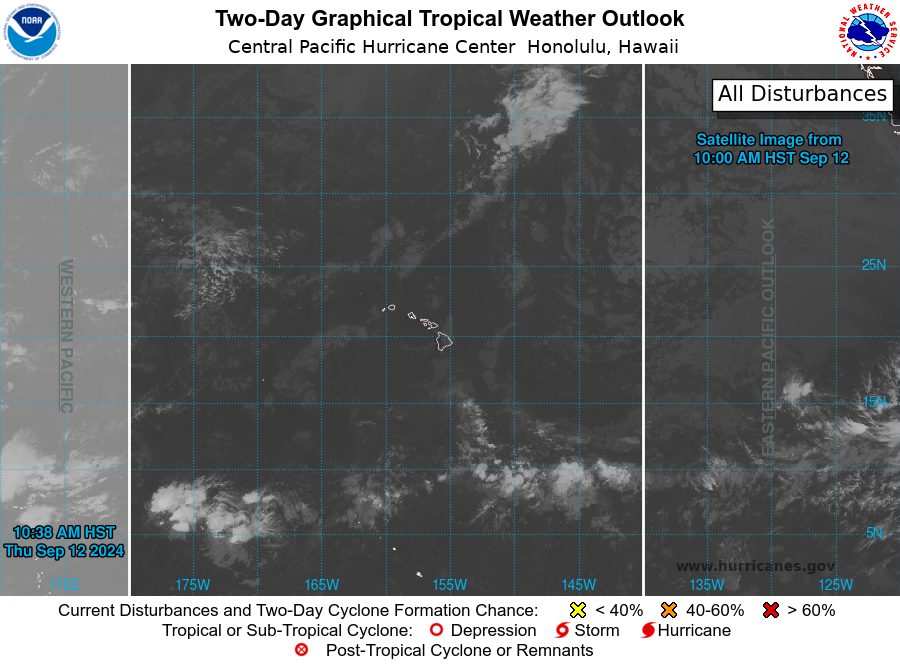
For the central North Pacific...between 140W and 180W:

No tropical cyclones are expected during the next 7 days.

Forecaster TS